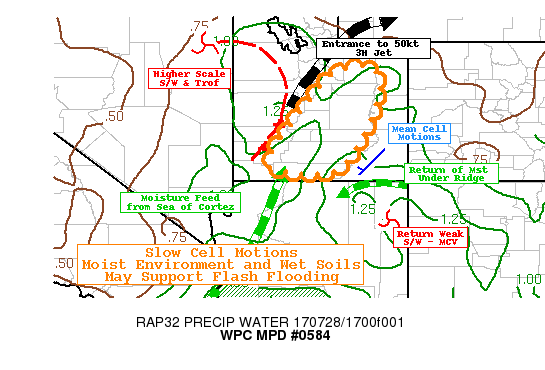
AREAS AFFECTED...UTAH

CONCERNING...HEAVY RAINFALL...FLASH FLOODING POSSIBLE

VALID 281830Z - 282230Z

SUMMARY...SLOW MOVING/TERRAIN LOCKED CONVECTION WITH INCREASING
MOISTURE PROFILES MAY SUPPORT LOCALIZED FLASH FLOODING CONDITIONS
ESPECIALLY GIVEN WET PAST WEEK.

DISCUSSION...GOES MOSAIC SHOWS STRONGER/BROADER SHORTWAVE LIFTING
OUT OF NE NV WITH AN ARCHED MID-LEVEL TROF CURVING BACK NEARING
PARALLEL TO THE SOUTHERN WASATCH WITH LESS THAN 10KT EASTWARD
PROGRESSION.  CONFLUENT UPPER LEVEL FLOW ACROSS N UT ACCELERATES
TO A 50KT JET WITH WEAK ANTICYCLONIC TURNING TO SUPPORT FAVORABLE
RIGHT ENTRANCE ASCENT DYNAMICS.  THE EXITING HEIGHT FALLS ALLOWS
FOR LOW TO MID-LEVEL SOUTHWESTERLY MOISTURE FLUX FROM THE N SEA OF
CORTEZ. PER CIRA LAYERED PW THE MOISTURE IS QUITE HEALTHY BUT
THERE IS A DISTINCT DRY GRADIENT COINCIDENT WITH THE
AFOREMENTIONED MID-LEVEL TROF PASSAGE.

TO AID MOISTURE TRANSPORT A WEAK S/W RETURNING FROM THE EAST UNDER
THE MEAN UL RIDGE IS ALSO ADVECTING SOME OF THE HIGHLY ANOMALOUS
MOISTURE THAT WAS ACROSS THE SOUTHWEST EARLIER THIS WEEK.  WHILE
NOT VERY STRONG 8-7H EASTERLY/NORTHEASTERLY FLOW IS CONVERGENT
WITH THE RETURN FLOW EAST OF THE CHANNEL BROADENING THE OVERALL
AREA OF POTENTIAL ASCENT ACROSS SOUTHERN UT AT THIS TIME.  THIS
COMBINES FOR OVERALL TPWS OF 1.2-1.3".

IN ADDITION THIS CONFLUENCE OF LOW-LEVEL STREAMS SUPPORTS A WEAK
CLOUD BEARING FLOW 7-4H BETWEEN THE TWO SHORTWAVE SYSTEMS.  THIS
SHOULD ALLOW FOR VERY SLOW CELL MOTION TOWARD THE NORTHEAST WITH
UPSTREAM REDEVELOPMENT POTENTIALLY SUPPORTING REPEAT CELLS.  GIVEN
WET GROUND CONDITIONS OVER THE LAST WEEK OR SO ONLY SERVES TO
ENHANCE POTENTIAL FOR LOCALIZED FLASH FLOODING CONCERNS.